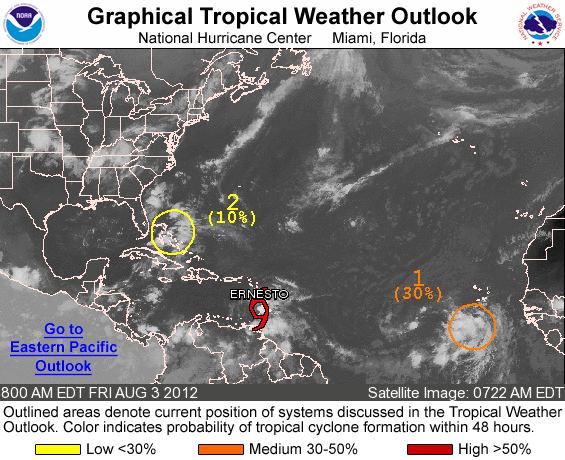
FOR THE NORTH ATLANTIC...CARIBBEAN SEA AND THE GULF OF MEXICO...

THE NATIONAL HURRICANE CENTER IS ISSUING ADVISORIES ON TROPICAL STORM ERNESTO...LOCATED 40 MILES WEST-SOUTHWEST OF SAINT LUCIA.

1. A WELL-DEFINED LOW PRESSURE AREA ASSOCIATED WITH A TROPICAL WAVE IS LOCATED OVER THE EASTERN TROPICAL ATLANTIC ABOUT 175 MILES SOUTH OF THE CAPE VERDE ISLANDS. ENVIRONMENTAL CONDITIONS ARE CONDUCIVE FOR SOME GRADUAL DEVELOPMENT OF THIS DISTURBANCE DURING THE NEXT COUPLE OF DAYS. THIS SYSTEM HAS A MEDIUM CHANCE...30 PERCENT...OF BECOMING A TROPICAL CYCLONE DURING THE NEXT 48 HOURS AS IT MOVES WEST-NORTHWESTWARD AT 10 TO 15 MPH.

2. DISORGANIZED CLOUDINESS AND SHOWERS OVER THE CENTRAL AND NORTHWESTERN BAHAMAS AND ADJACENT WESTERN ATLANTIC WATERS ARE ASSOCIATED WITH A SURFACE TROUGH. STRONG UPPER-LEVEL WINDS ARE LIKELY TO PREVENT ANY SIGNIFICANT DEVELOPMENT FOR THE NEXT DAY OR TWO. THIS SYSTEM HAS A LOW CHANCE...10 PERCENT...OF BECOMING A TROPICAL CYCLONE DURING THE NEXT 48 HOURS AS IT MOVES TO THE NORTHWEST AT 5 TO 10 MPH.

ELSEWHERE...TROPICAL CYCLONE FORMATION IS NOT EXPECTED DURING THE NEXT 48 HOURS.

FORECASTER BLAKE